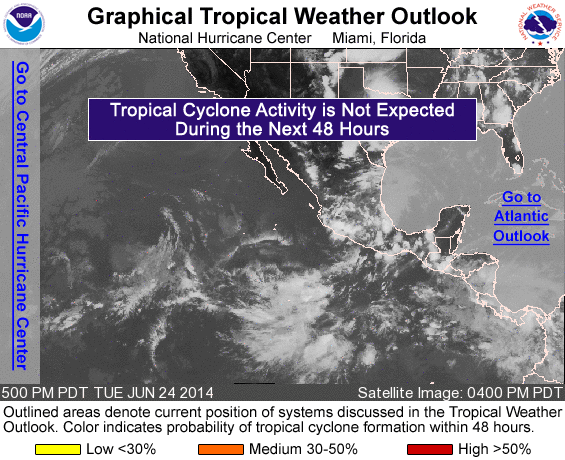
For the eastern North Pacific...east of 140 degrees west longitude:

An area of low pressure is expected to form to the south of the coast of Mexico later this week, and conditions appear favorable for some development of this system by the weekend while it moves west- northwestward.
* Formation chance through 48 hours...low...near 0 percent.
* Formation chance through 5 days...medium...40 percent.

Forecaster Brennan